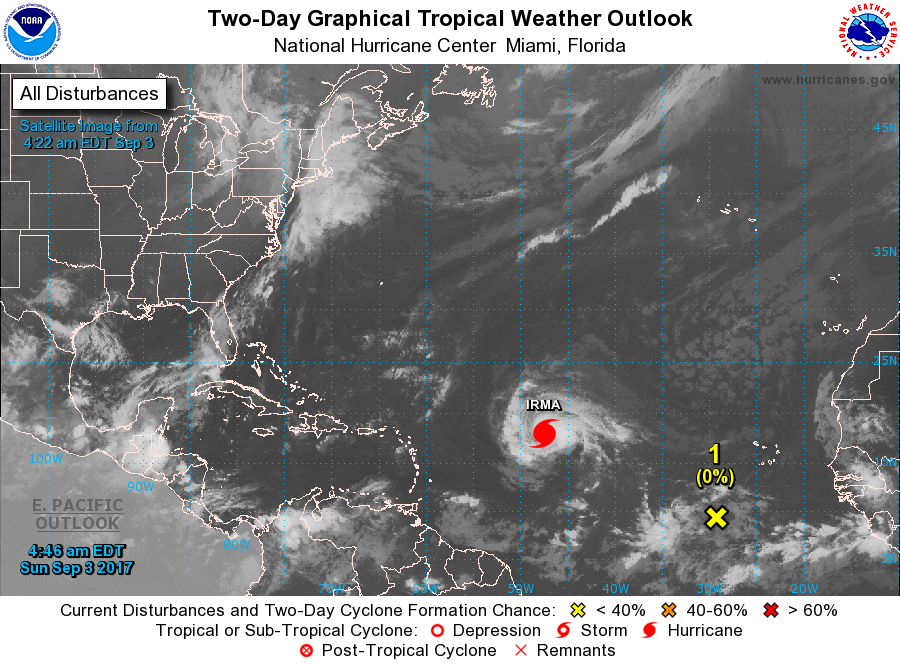
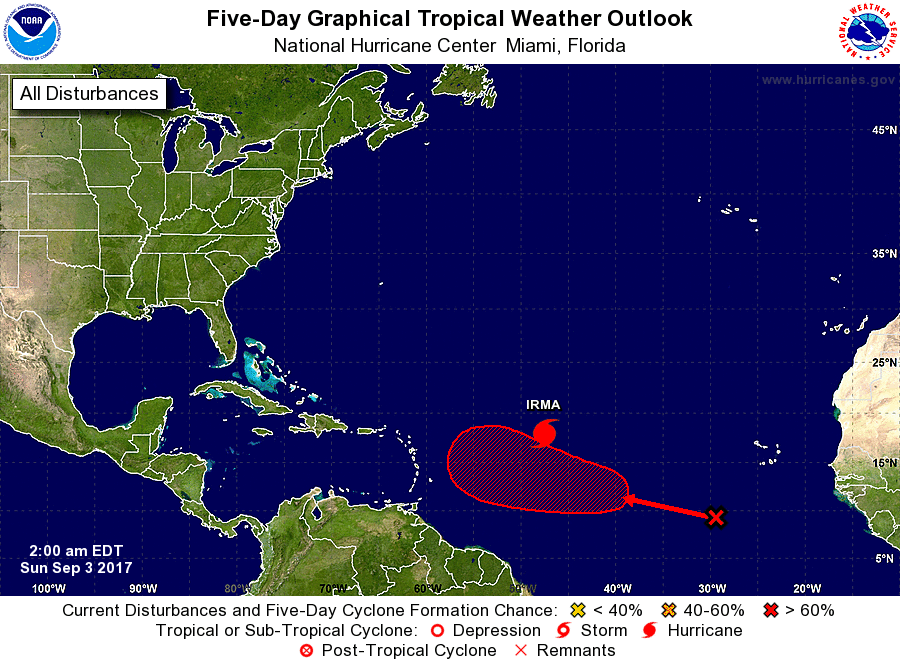
For the North Atlantic...Caribbean Sea and the Gulf of Mexico:

The National Hurricane Center is issuing advisories on Hurricane Irma, located over the central tropical Atlantic Ocean.

1. A tropical wave located several hundred miles southwest of the Cabo Verde Islands is producing a large area of disorganized showers and thunderstorms. Environmental conditions are conducive for gradual development of this system during the next few days, and a tropical depression is likely to form by the middle to late part of this week while moving westward to west-northwestward at about 10 mph over the tropical Atlantic Ocean.
* Formation chance through 48 hours...low...near 0 percent.
* Formation chance through 5 days...high...70 percent.

Forecaster Berg